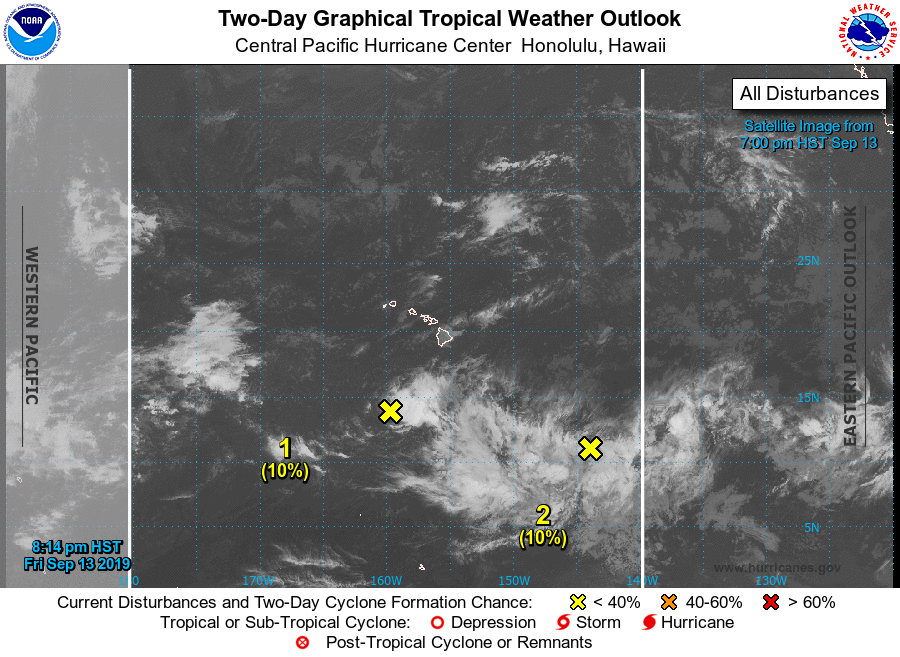
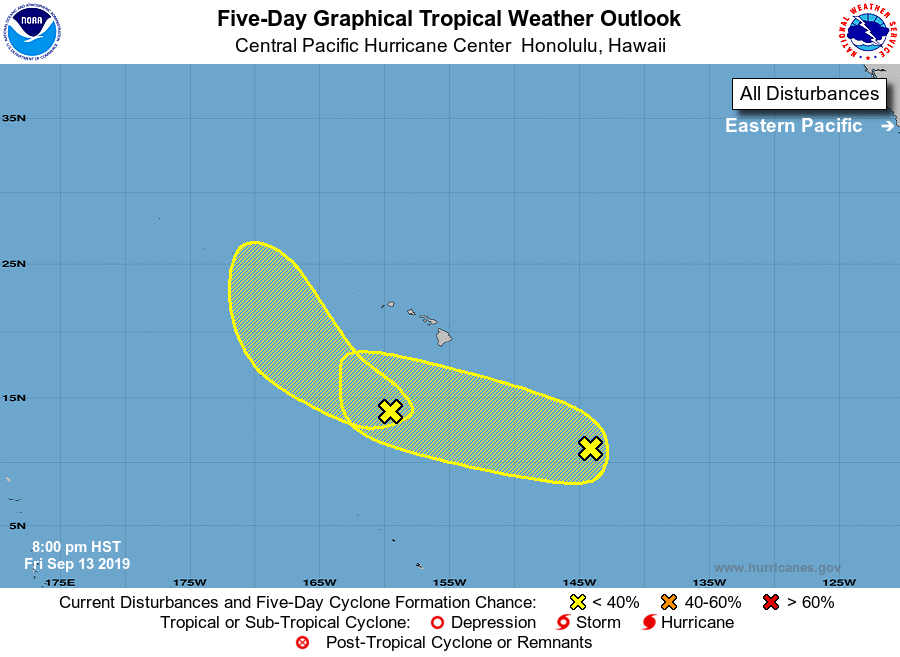
For the central North Pacific...between 140W and 180W:

1. An area of low pressure is centered about 500 miles south of Honolulu, Hawaii. Some slow development of this system is possible during the next several days while the system moves slowly northwestward.
* Formation chance through 48 hours...low...10 percent.
* Formation chance through 5 days...low...20 percent.

2. An area disturbed weather is located around 900 miles southeast of the Big Island of Hawaii. Some slow development of this disturbance is possible during the next several days while the system moves slowly west-northwestward.
* Formation chance through 48 hours...low...10 percent.
* Formation chance through 5 days...low...20 percent.

Elsewhere, no tropical cyclones are expected during the next 5 days.

Forecaster Donaldson